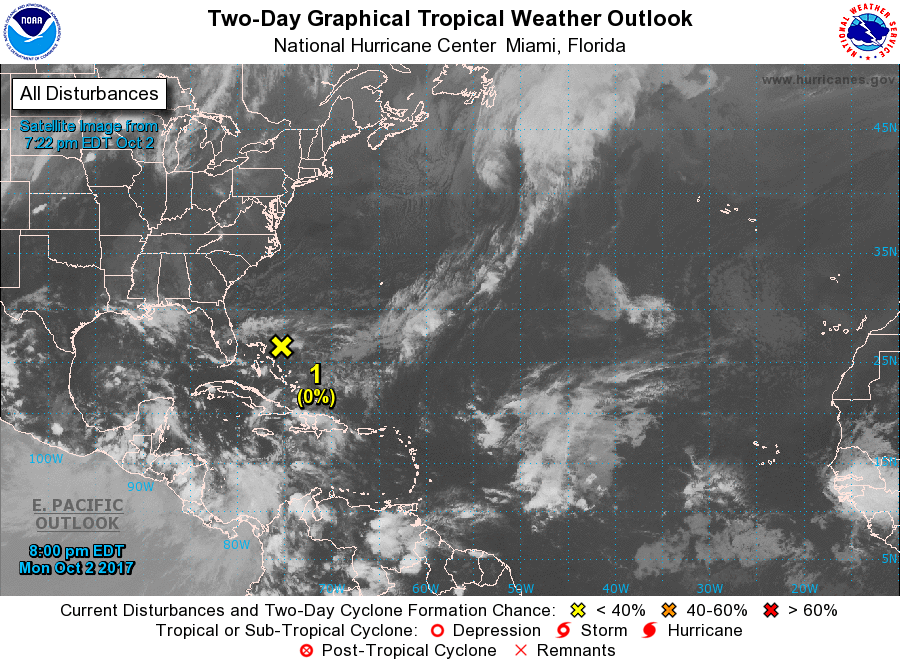
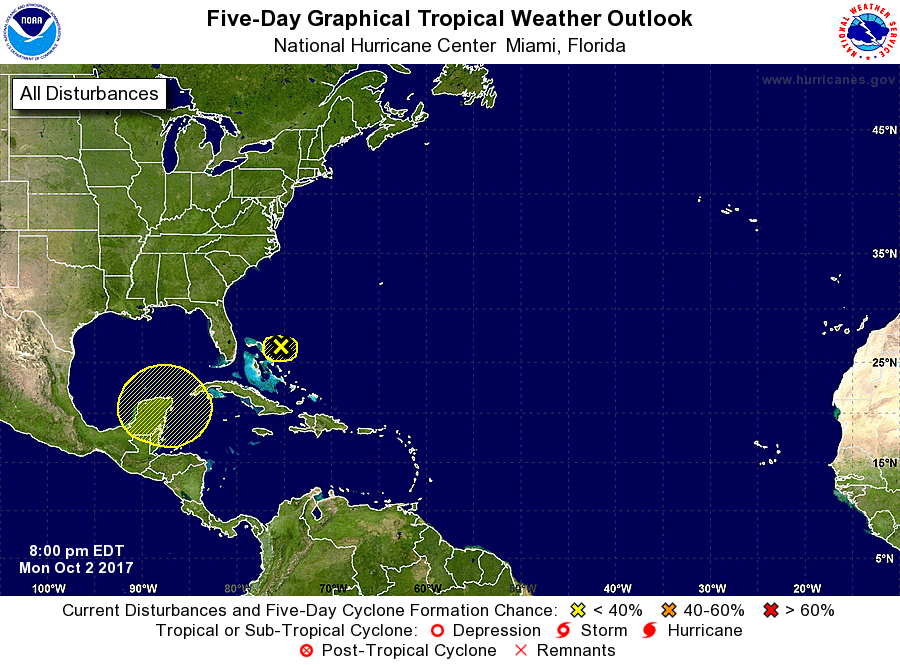
For the North Atlantic...Caribbean Sea and the Gulf of Mexico:

1. A sharp trough of low pressure, located about 80 miles east of Great Abaco island in the northernmost Bahamas, is producing an area of scattered showers and thunderstorms. Although tropical cyclone formation is not expected due to hostile upper-level winds, the disturbance is forecast to move westward at about 20 mph for the next day or two, spreading locally heavy rainfall and strong gusty winds in brief squalls across portions of the northwestern Bahamas overnight, and across much of South Florida by Tuesday morning and continuing into Tuesday afternoon.
* Formation chance through 48 hours...low...near 0 percent.
* Formation chance through 5 days...low...near 0 percent.

2. An area of low pressure is expected to form over the northwestern Caribbean Sea within the next few days. Some slow development of this system is possible by the weekend while the low drifts northward into the southern Gulf of Mexico.
* Formation chance through 48 hours...low...near 0 percent.
* Formation chance through 5 days...low...20 percent.

Forecaster Stewart